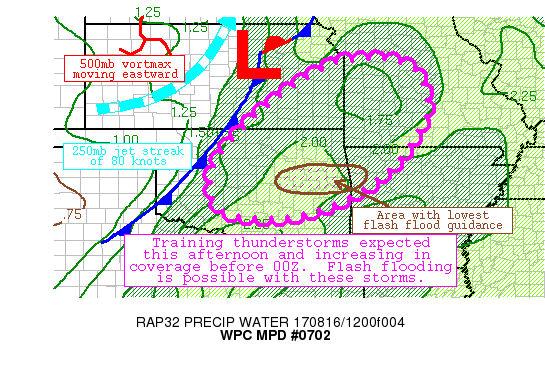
AREAS AFFECTED...SE KANSAS...E OKLAHOMA...W MISSOURI...NW ARKANSAS

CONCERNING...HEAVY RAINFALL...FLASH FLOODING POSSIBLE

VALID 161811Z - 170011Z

SUMMARY...MULTIPLE ROUNDS OF SLOW MOVING THUNDERSTORMS ARE
EXPECTED OVER THIS REGION AHEAD OF A COLD FRONT THROUGH THE
REMAINDER OF THE AFTERNOON HOURS AND INTO EARLY THIS EVENING.
SOME OF THESE STORMS WILL EXHIBIT TRAINING POTENTIAL AND COULD
DELIVER A QUICK 1 TO 3 INCHES OF RAIN WHICH MAY RESULT IN SOME
FLOODING ISSUES.

DISCUSSION...RADAR IMAGERY IS SHOWING MULTIPLE BANDS OF INTENSE
STORMS WITH RAINFALL RATES ON THE ORDER OF 1.5 TO 2.5 INCHES PER
HOUR WITH THE STRONGEST CELLS OVER SOUTHWEST MISSOURI.  THE LATEST
EXPERIMENTAL GOES 16 IR IMAGERY IS INDICATING EXPANDING COLD CLOUD
TOPS WITH THIS CONVECTION, AND THIS IS EXPECTED TO CONTINUE OVER
THE NEXT SEVERAL HOURS.

PWS ACROSS THE REGION ARE IN THE 1.7 TO 2.2 INCH RANGE PER THE
LATEST SPC MESOANALYSIS, ALONG WITH 1500 TO 2500 J/KG OF MLCAPE.
SOME LINGERING CIN OVER EASTERN KANSAS AND OKLAHOMA IS CURRENTLY
KEEPING THE CONVECTION IN CHECK THERE, BUT MUCH MORE IN THE WAY OF
SHOWERS AND STORMS ARE LIKELY LATER THIS AFTERNOON ONCE THE CIN
ERODES AND THE SHORTWAVE IMPULSE TO THE WEST APPROACHES.  THE
EFFECTIVE BULK SHEAR IS AVERAGING 30 KNOTS FROM THE SOUTHWEST.

THE LATEST HI-RES MODELS APPEAR TO BE UNDERDONE WITH THE ONGOING
CONVECTION OVER WESTERN MISSOURI EARLY THIS AFTERNOON.  HOWEVER,
THEY ARE ALL INDICATING FUTURE ROUNDS OF CONVECTION FARTHER TO THE
SOUTHWEST WITH AMOUNTS OF 2 TO LOCALLY 4 INCHES POSSIBLE BY 00Z.
PARTS OF EAST CENTRAL OKLAHOMA ARE SLIGHTLY MORE VULNERABLE TO
FLOODING GIVEN LOWER FLASH FLOOD GUIDANCE VALUES.  SOME RUNOFF
AND/OR FLASH FLOODING CONCERNS ARE POSSIBLE GOING INTO THE EARLY
EVENING HOURS.